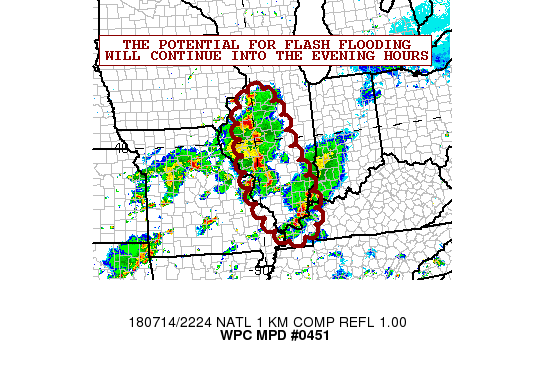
AREAS AFFECTED...FAR EASTERN MO...FAR WESTERN KY...IL

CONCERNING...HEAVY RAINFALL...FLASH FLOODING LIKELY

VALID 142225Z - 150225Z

SUMMARY...HEAVY SHOWERS AND THUNDERSTORMS WILL CONTINUE INTO THE
EVENING. VERY INTENSE RAINFALL RATES OF OVER 2 INCHES/HR WILL
LIKELY RESULT IN SOME ADDITIONAL FLASH FLOODING CONCERNS OVER THE
NEXT FEW HOURS.

DISCUSSION...THE LATEST GOES-16 CLEAN IR SATELLITE IMAGERY SHOWS A
SUBSTANTIAL AREA OF VERY COLD CONVECTIVE TOPS OVER WEST-CENTRAL
AND FAR SOUTHERN IL THAT IS GRADUALLY SHIFTING OFF TO THE EAST AND
SOUTHEAST. RADAR IMAGERY AND SURFACE OBSERVATIONS CONFIRM INTENSE
RAINFALL RATES OF AS MUCH AS 2 TO 3 INCHES/HR IN ASSOCIATION WITH
THE ACTIVITY.

THIS CONVECTION IS BEING FACILITATED BY A STRONGLY UNSTABLE
BOUNDARY LAYER THAT HAS NOSED UP ACROSS SOUTHERN AND WEST-CENTRAL
IL OUT AHEAD OF A WAVE OF LOW PRESSURE OVER NORTH-CENTRAL MO.
MLCAPE VALUES ARE LOCALLY AS HIGH AS 3000 TO 4000 J/KG AHEAD OF
THE WAVE...AND THIS WAVE IS ALSO ASSOCIATED WITH A LOW TO MID
LEVEL MCV WHICH IS PROVIDING NOT ONLY CONVERGENT FLOW BUT ALSO A
MORE DYNAMICAL FOCUS FOR CONVECTION. IT IS ALSO NOTED THAT THERE
IS SOME WEAK UPPER LEVEL JET FORCING OVER THE REGION ASSOCIATED
WITH VERY MODEST 250 MB RIGHT-ENTRANCE REGION JET DYNAMICS.

GIVEN PWATS OF 1.9 TO 2.1 INCHES BASED ON GPS-DERIVED
DATA...EXPECT THE RAINFALL RATES TO REMAIN VERY INTENSE AS
CONVECTION CONTINUES TO ORGANIZE OVER THE NEXT FEW HOURS GIVEN THE
LEVEL OF INSTABILITY.

EXPECT LOCALLY AS MUCH AS 3 TO 4 INCHES THROUGH MID-EVENING AS
SUGGESTED BY THE LATEST HRRR GUIDANCE...AND THIS WILL RESULT IN
SOME ADDITIONAL CONCERNS FOR FLASH FLOODING. CONDITIONS SHOULD
IMPROVE BY LATE EVENING AS THE INSTABILITY BECOMES INCREASINGLY
EXHAUSTED. WILL CONTINUE TO MONITOR.